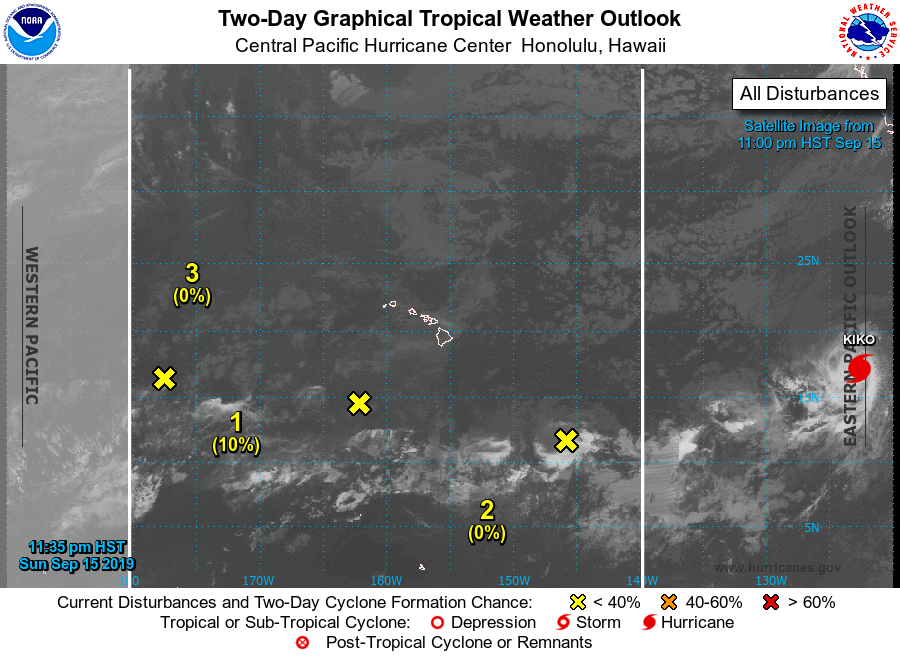
For the central North Pacific...between 140W and 180W:

1. An area of low pressure with some disorganized showers and thunderstorms is about 550 miles south-southwest of Honolulu, Hawaii. Slow development of this feature is expected during the next several days while the system drifts slowly northwestward.
* Formation chance through 48 hours...low...10 percent.
* Formation chance through 5 days...low...20 percent.

2. An elongated area of low pressure lies some 800 miles southeast of the Big Island of Hawaii. Slow development is possible during the next several days while the area slowly moves west-northwestward.
* Formation chance through 48 hours...low...near 0 percent.
* Formation chance through 5 days...low...20 percent.

3. A broad area of low pressure is located about 1200 miles west-southwest of Kauai. This system is expected to slowly move northeast into unfavorable environmental conditions. Development, if any, will be slow to occur.
* Formation chance through 48 hours...low...near 0 percent.
* Formation chance through 5 days...low...20 percent.

Elsewhere, no tropical cyclones are expected during the next 5 days.

Forecaster Kino